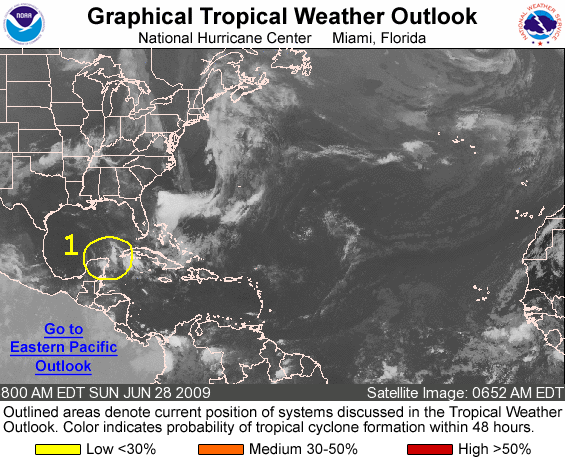
FOR THE NORTH ATLANTIC...CARIBBEAN SEA AND THE GULF OF MEXICO...

1. DISORGANIZED SHOWERS AND THUNDERSTORMS NEAR THE NORTHERN YUCATAN PENINSULA ARE ASSOCIATED WITH A TROPICAL WAVE. SOME SLOW DEVELOPMENT IS POSSIBLE AS THE SYSTEM MOVES SLOWLY WESTWARD OR NORTHWESTWARD OVER THE SOUTHERN GULF OF MEXICO TODAY. THERE IS A LOW CHANCE...LESS THAN 30 PERCENT...OF THIS SYSTEM BECOMING A TROPICAL CYCLONE DURING THE NEXT 48 HOURS. LOCALLY HEAVY RAINS AND GUSTY WINDS WILL CONTINUE TO AFFECT PORTIONS OF THE YUCATAN PENINSULA AND WESTERN CUBA THROUGH TONIGHT.

ELSEWHERE...TROPICAL CYCLONE FORMATION IS NOT EXPECTED DURING THE NEXT 48 HOURS.

FORECASTER PASCH/LANDSEA